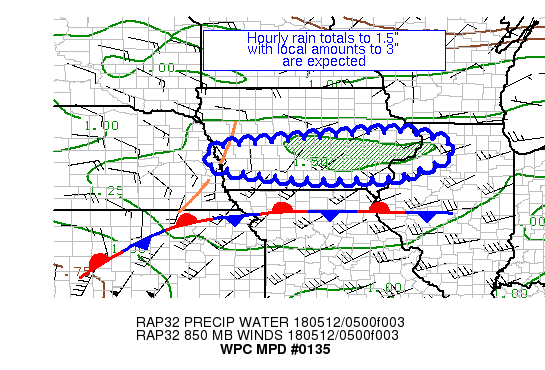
AREAS AFFECTED...SOUTH-CENTRAL IA & NORTHWEST IL

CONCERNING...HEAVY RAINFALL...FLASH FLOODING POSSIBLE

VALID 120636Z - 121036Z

SUMMARY...THUNDERSTORMS ARE EXPANDING IN COVERAGE AND INTENSITY
ACROSS SOUTH-CENTRAL IA.  HOURLY TOTALS TO 1.5" WITH LOCAL AMOUNTS
TO 3" ARE EXPECTED.

DISCUSSION...A SHORTWAVE ENTERING SOUTHWEST IA HAS LED TO
INCREASING THUNDERSTORMS ACROSS SOUTH-CENTRAL IA NEAR AN 850 HPA
SLICE OF THE FRONTAL BOUNDARY, WITH THE BEST CONCENTRATION OF
CONVECTION CURRENTLY WEST AND SOUTH OF DES MOINES.  IR CLOUD TOPS
CONTINUE TO COOL AND EXPAND WITH THE STORMS PER GOES-16 IMAGERY.
PRECIPITABLE WATER VALUES OF 1.3-1.4" LIE HERE PER GPS DATA.
INFLOW AT 850 HPA IS ~25 KTS FROM THE SOUTHWEST, WHICH IS
IMPORTING MU CAPE VALUES OF 2000 J/KG INTO THE BAND.  EFFECTIVE
BULK SHEAR OF 40-50 KTS EXISTS HERE PER SPC MESOANALYSES.  OF
CONCERN IS A FAIRLY CONSTANT REDEVELOPMENT OF CONVECTION NEAR THE
IA/NE BORDER WHICH IS LENGTHENING THE BAND.

THE 00Z HREF PROBABILITIES OF REACHING 0.5" AND 1" IN AN HOUR HAVE
UNDERSOLD THE POTENTIAL/BEEN TOO LOW THUS FAR.  WHILE THE
MESOSCALE GUIDANCE HAS A SIGNAL FOR 2" AMOUNTS LOCALLY, 3" AMOUNTS
APPEAR MORE LIKELY PER RECENT TRENDS AND EXPECTATIONS.  THE PEAK
TIME FOR RAINFALL/CELL COVERAGE APPEARS TO BE 08Z.  WITH TIME, THE
LOW-LEVEL INFLOW IS EXPECTED TO VEER AND SLIGHTLY WEAKEN, WHICH
SHOULD STOP THE BACKBUILDING/REDEVELOPMENT AND FREE THE CONVECTION
TO SHIFT EASTWARD.  THE RAIN THREAT SHOULD BE WANING AFTER 10Z.
UNTIL THEN, HOURLY RAIN TOTALS TO 1.5" WHERE CELLS TRAIN AND MERGE
ARE EXPECTED.